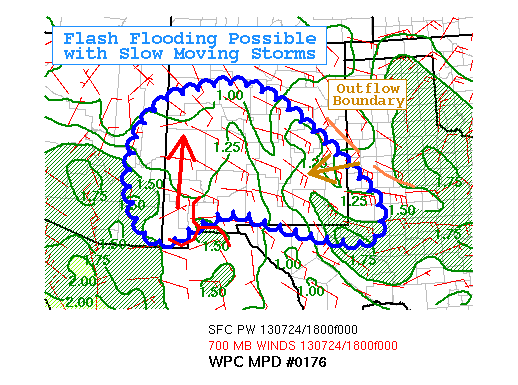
AREAS AFFECTED...CENTRAL AND SOUTHERN NM...EASTERN AZ...FAR WEST
TX

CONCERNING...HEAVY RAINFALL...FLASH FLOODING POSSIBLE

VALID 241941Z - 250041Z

SUMMARY...FORCING AND INSTABILITY WILL SUPPORT SLOW MOVING STORMS
AND UPSCALE GROWTH INTO CLUSTERS. THE ENVIRONMENT WILL SUPPORT
EFFICIENT RAINFALL AND POSSIBLE FLASH FLOODING.

DISCUSSION...ORGANIZATION OF CONVECTION ON THE MESOSCALE IS
EXPECTED TODAY...OWING TO A MID LEVEL SHEAR AXIS WITH NORTHWARD
MOVING VORTICITY MAXIMUM...AND SUSTAINED SOUTHEASTERLY INFLOW AT
850-700 MB.

WIDESPREAD INITIATION WAS OBSERVED FROM 18-19Z. INITIAL RADAR
CHARACTER WAS FAIRLY IMPRESSIVE. TOPS 40-50 KFT INDICATE MUCH OF
THE 1500-2000 J/KG SFC-BASED INSTABILITY OVER THE REGION WAS BEING
REALIZED BY UPDRAFTS. ALTHOUGH SOME DRIER MID TO UPPER LEVEL AIR
WAS HOLDING PRECIPITABLE WATER VALUES DOWN TO 1.0 OR 1.25
INCHES...THIS SHOULD PROVE SUFFICIENT FOR A FLASH FLOOD RISK GIVEN
THE TERRAIN.

FLASH FLOOD GUIDANCE SHOWS WESTERN NM TO BE MOST SUSCEPTIBLE...AND
THIS IS WHERE THE MAJORITY OF OPERATIONAL AND EXPERIMENTAL
HIGH-RESOLUTION MODEL GUIDANCE IS PLACING A STRIPE OF HEAVY QPF
THROUGH EVENING...GENERALLY 1-1.5 INCHES AREAL AVERAGE. PREDICTED
STORM MOTIONS ARE PARTICULARLY SLOW OVER WESTERN NM/EASTERN
AZ...AND ALSO IN EASTERN NEW MEXICO. MID LEVEL FORCING SHOULD
SUSTAIN ACTIVITY TO THE WEST...WHILE AN ARRIVING OUTFLOW BOUNDARY
WILL HELP TO FOCUS UPSLOPE ACTIVITY OVER SOUTHEAST NM. STORM
MOTIONS SHOULD BE GENERALLY QUICKER OVER THE CENTRAL PART OF THE
STATE...BUT COLD POOLS MAY OFFSET THIS BY CAUSING PROPAGATION BACK
INTO THE SOUTHEASTERLY INFLOW. THUS...ALL OF THE OUTLOOKED AREA IS
AT SOME RISK FOR ORGANIZED FLASH FLOODING.